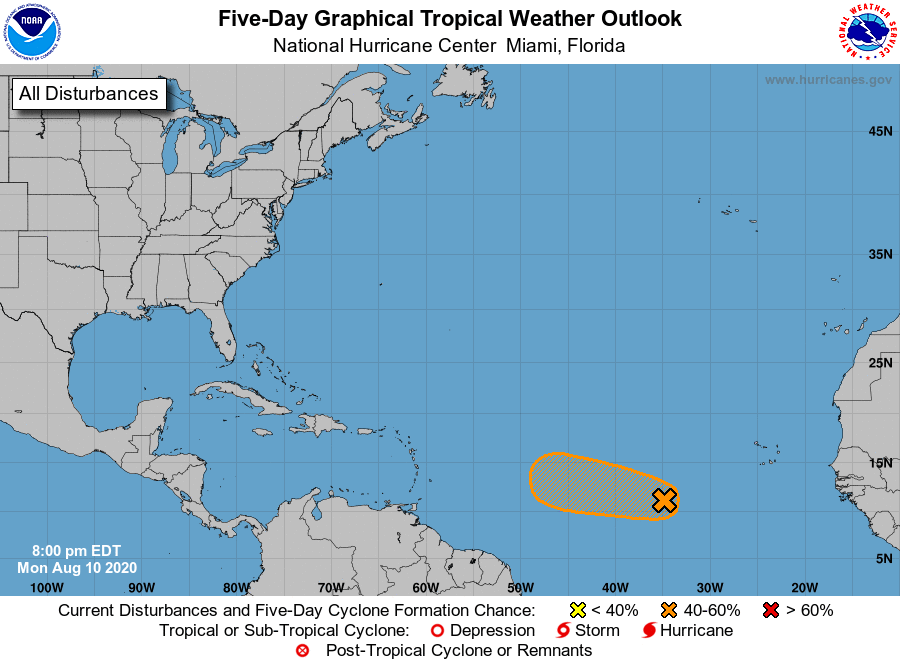
For the North Atlantic...Caribbean Sea and the Gulf of Mexico:

1. Shower and thunderstorm activity associated with a broad area of low pressure located about 700 miles west-southwest of the Cabo Verde Islands has changed little in organization since yesterday. However, environmental conditions are expected to be somewhat conducive for development to occur, and a tropical depression could form during the next couple of days while the disturbance moves generally westward to west-northwestward at 10 to 15 mph across the tropical Atlantic. Conditions are forecast to become less conducive for development by the end of the week.
* Formation chance through 48 hours...medium...60 percent.
* Formation chance through 5 days...medium...60 percent.

Forecaster Pasch